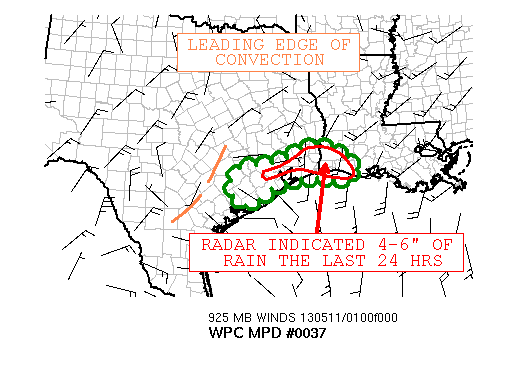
AREAS AFFECTED......SOUTHEASTERN TX/SOUTHWESTERN LA...

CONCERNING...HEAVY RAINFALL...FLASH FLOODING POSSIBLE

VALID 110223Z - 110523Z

SUMMARY...FLASH FLOODING WILL BE POSSIBLE ACROSS THE AFFECTED AREA
GIVEN THE REGION REMAINS UNDER RATHER LOW FFG VALUES TO GO WITH
UPSTREAM CONVECTION APPROACHING FROM THE NORTHWEST.

DISCUSSION...AHEAD OF A MID-LEVEL SHORTWAVE...A SOMEWHAT
DISORGANIZED BATCH AREA OF SHOWERS AND THUNDERSTORMS WERE OBSERVED
MOVING THROUGH THE TEXAS HILL COUNTRY. THE OVERALL CHARACTER OF
THE CONVECTION HAS NOT CHANGED A WHOLE LOT IN THE PAST HOUR BUT IS
EXPECTED TO CONTINUE DROPPING HEAVY RAINFALL PER THE 12Z HIGH-RES
ARW/NMM ALONG WITH THE 12Z SPC-WRF. INSTABILITY PARAMETERS CLOSER
TO THE TX/LA COAST SUGGEST THE AIR MASS IS RATHER UNSTABLE GIVEN
MUCAPE VALUES APPROACHING 3000 J/KG PER THE 01Z RAP.
WHILE THE THREAT FOR FLASH FLOODING REMAINS A BIT MARGINAL...THE
DIMINISHED FFG VALUES RAISE CONCERNS OVER THE AFFECTED AREA.